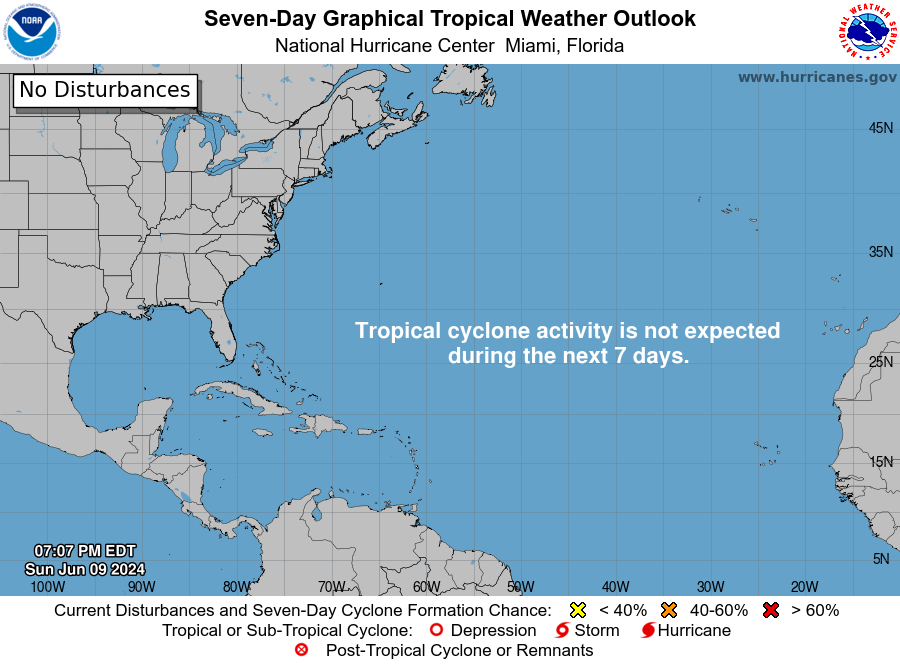
For the North Atlantic...Caribbean Sea and the Gulf of Mexico:

Tropical cyclone formation is not expected during the next 7 days.

Forecaster Hagen/Pasch